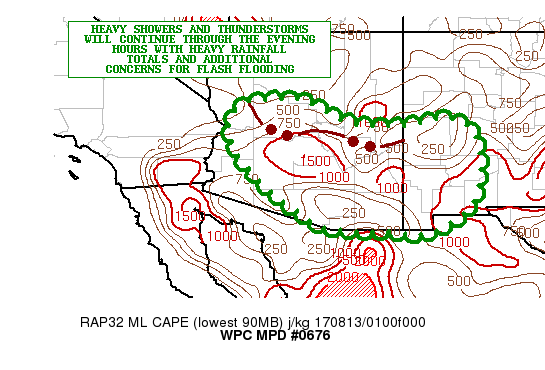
AREAS AFFECTED...CENTRAL/SOUTHERN AZ...SOUTHWEST NM

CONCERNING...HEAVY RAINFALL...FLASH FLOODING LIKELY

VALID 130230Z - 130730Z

SUMMARY...VERY HEAVY SHOWERS AND THUNDERSTORMS WILL CONTINUE OVER
THROUGH THE EVENING HOURS WITH ADDITIONAL FLASH FLOODING LIKELY.

DISCUSSION...THE LATEST RADAR IMAGERY SHOWS A FAIRLY WELL
ORGANIZED AXIS OF SHOWERS AND THUNDERSTORMS MOVING GRADUALLY SOUTH
THROUGH CENTRAL AZ WHICH IS CONTINUING TO PRODUCE VERY HEAVY
RAINFALL. SOMEWHAT MORE DISORGANIZED CONVECTION MEANWHILE IS SEEN
BACK OVER AREAS OF SOUTHWEST NM.

PWATS ACROSS THE REGION ARE RATHER HIGH...WITH GOES-15 SOUNDER
DATA AND 00Z RAOB DATA SUGGESTING VALUES OF OF 1.5 TO 1.75 INCHES.
THIS HAS BEEN SUPPORTING ENHANCED RAINFALL RATES...AND ESPECIALLY
WITH A RELATIVELY ENHANCED CONCENTRATION OF MOISTURE IN THE
500/700 MB LAYER AS PER CIRA-LPW DATA. IN FACT...RAINFALL TOTALS
OVER PORTIONS OF THE MOGOLLON RIM LATE THIS AFTERNOON AND EARLY
EVENING HAVE BEEN OVER 2.5 INCHES/HR...WITH AS MUCH AS 3 TO 4
INCHES OF RAIN IN JUST A 2 HOUR PERIOD. A COUPLE OF CELL-MERGERS
AND GENERALLY SLOW CELL MOTION HAVE CONTRIBUTED TO THESE HEAVIER
AMOUNTS.

THE CONVECTION OVER CENTRAL AZ HAS BECOME SOMEWHAT OUTFLOW
DOMINANT AT THIS POINT AND IS EXPECTED TO CONTINUE DROPPING SOUTH
THROUGH SOUTHERN AZ THROUGH THE REMAINDER OF THE EVENING HOURS
CONSIDERING IT WILL BE ENCOUNTERING A MODERATELY UNSTABLE AIRMASS
WITH MLCAPE VALUES OF 1500 TO 2000 J/KG...AND WILL BE EMBEDDED
WITHIN A DIFFLUENT UPPER AIR PATTERN AS SEEN IN THE LATEST GOES-WV
IMAGERY. RAINFALL RATES WILL REMAIN RATHER HIGH GIVEN THE
RELATIVELY HIGH PWAT ENVIRONMENT AND DEEPER AND COLDER CONVECTIVE
TOPS.

THE HIRES MODEL GUIDANCE HAS BEEN BADLY UNDERDONE WITH THE
RAINFALL FORECAST ACROSS THE SOUTHWEST THIS AFTERNOON AND GIVEN
THE LEVEL OF CURRENT CONVECTIVE ORGANIZATION...THE MODELS APPEAR
TO STILL BE WAY TOO DRY. ONLY THE HRRRX HAS SOME SEMBLANCE OF
HANDLING THE CURRENT CONVECTION CORRECTLY.

EXPECT AS MUCH AS 3 TO 4 INCHES OF RAIN LOCALLY THROUGH THE
EVENING HOURS AS CONVECTION CONTINUES TO ADVANCE SOUTH TOWARD
SOUTHERN AZ...AND TENDS TO PERSIST TO A DEGREE AS WELL OVER
SOUTHWEST NM. ADDITIONAL FLASH FLOODING IS LIKELY...WITH
PARTICULAR FOCUS OVER THE DRY WASHES/ARROYOS AND ADJACENT AREAS OF
STEEPER TERRAIN.